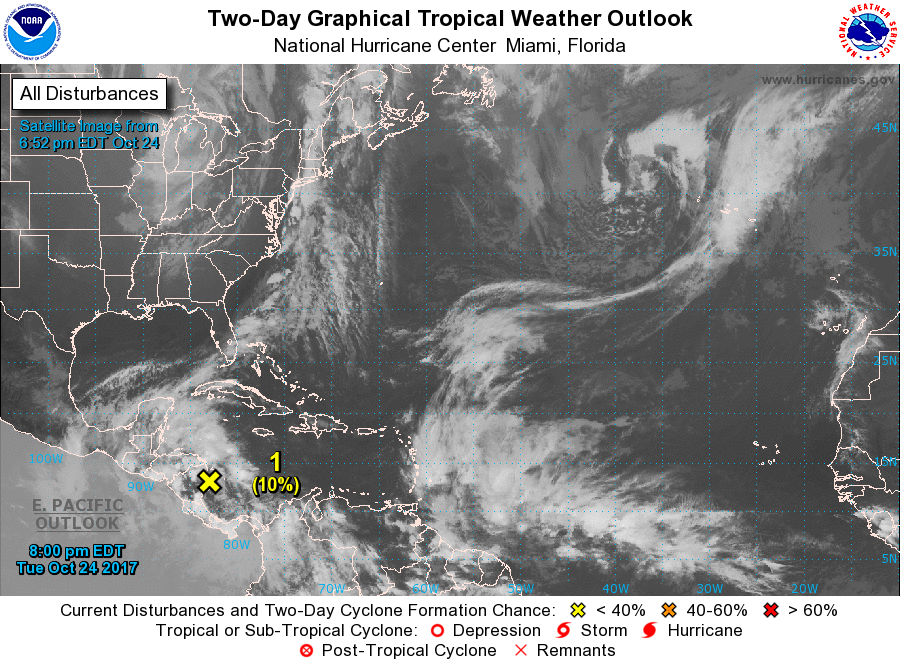
For the North Atlantic...Caribbean Sea and the Gulf of Mexico:

1. A broad area of low pressure over Nicaragua, Honduras, and the adjacent Caribbean waters is producing widespread, but disorganized, showers and thunderstorms. Close proximity to land is likely to limit development of this system for the next day or two. However, environmental conditions are expected to be conducive for some development to occur later this week while the system moves slowly northward over the northwestern Caribbean Sea. Regardless of development, locally heavy rains are likely over portions of Central America during the next several days.
* Formation chance through 48 hours...low...10 percent.
* Formation chance through 5 days...medium...50 percent.

Forecaster Beven